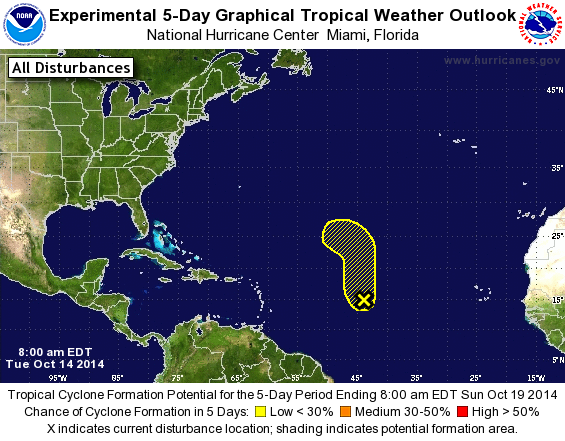
For the North Atlantic...Caribbean Sea and the Gulf of Mexico:

The National Hurricane Center is issuing advisories on Hurricane Gonzalo, located northeast of Puerto Rico.

1. A broad area of low pressure located about 1200 miles east of the Lesser Antilles continues to produce a large area of disorganized showers and thunderstorms. Although this system has become a little better organized overall during the past few hours, any further development of this system is expected to be slow to occur due to strong upper-level winds. The low is forecast to move northwestward and then northward over the central tropical Atlantic during the next several days.
* Formation chance through 48 hours...low...10 percent.
* Formation chance through 5 days...low...20 percent.

Forecaster Blake